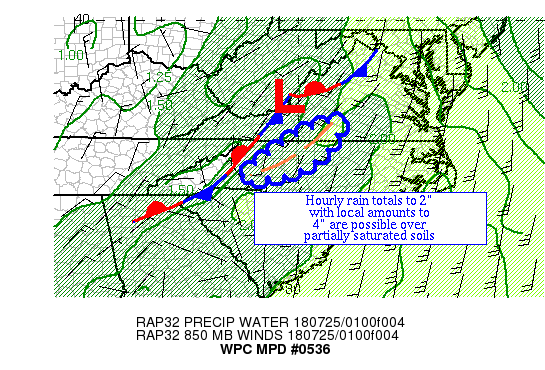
Areas affected...Southwest VA & Western NC

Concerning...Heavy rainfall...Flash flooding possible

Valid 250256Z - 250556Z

Summary...Thunderstorms are increasing in coverage across western
NC and southwest VA.  Hourly rain totals to 2" with local amounts
to 4" are possible.

Discussion...A pre-frontal trough is acting as a focus for loosely
organized convection across the area.  Inflow at 850 hPa is
convergent out of the south to southwest at 15-20 kts, importing
ML CAPE values of 500-1500 J/kg into the area.  The main upper low
across far southwest VA and a companion circulation to its east
are acting to enhance upper level outflow.  Precipitable water
values of 1.6-1.8" lie across the region per 00z soundings.

While convection is mostly pulse, cell collisions and very short
bouts of training appear to be the main heavy rain threat.  An
additional outflow boundary moving into the region from earlier
convection in western NC will likely aid cell coverage in short
order.  Soils in the area are partially saturated from recent
rains, adding to the risk.  The mesoscale guidance advertises
local amounts in the 3-4" range over the next several hours.
Radar estimates have peaked in the 1.5-2" an hour range, so this
seems achievable wherever storms can persist for a couple hours.